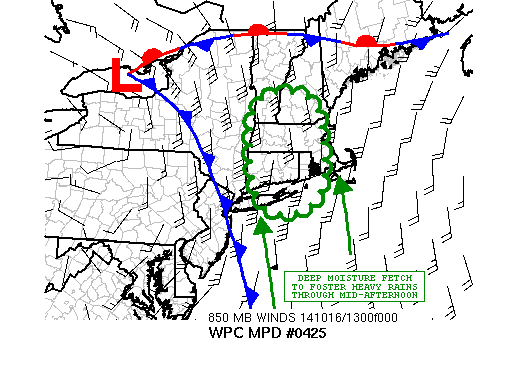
AREAS AFFECTED...EXTREME SOUTHEAST NY...SOUTHERN VT...SOUTHERN
NH...CT...RI...MA

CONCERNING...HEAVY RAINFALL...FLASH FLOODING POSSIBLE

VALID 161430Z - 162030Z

SUMMARY...SIGNIFICANT RAINS ARE EXPECTED THE NEXT SEVERAL HOURS
OVER SOUTHERN NEW ENGLAND...WITH POTENTIAL FOR FLASH FLOODING.

DISCUSSION...THE LATEST IR/WV SAT IMAGERY SHOWS A DEEP PLUME OF
MOISTURE WITH A TROPICAL CONNECTION ORIENTED NW/SE THAT EXTENDS
FROM SOUTHERN NEW ENGLAND AND WELL OFFSHORE IN BETWEEN THE EAST
COAST AND BERMUDA. NUMEROUS CLUSTERS OF COLD-TOPPED CONVECTION ARE
IN EMBEDDED WITHIN THE PLUME ITSELF...AND ALL OF THIS IS ALONG AND
JUST AHEAD OF A STRONG COLD FRONT AND DEEP LAYER TROUGH MOVING
THROUGH THE EASTERN U.S. ATTM.

THIS ATMOSPHERIC RIVER OF MOISTURE CONTAINS PWAT VALUES OF 1.8 TO
2.0 INCHES BASED ON THE LATEST GOES-SOUNDER IMAGERY AND IT IS
EXPECTED THAT DEEP MOISTURE/CONVECTIVE PLUME WILL AIM AND ORIENT
ITSELF FOR A NUMBER OF HOURS INTO SOUTHERN NEW ENGLAND...WHILE
GRADUALLY PIVOTING NORTHEAST UP INTO PORTIONS OF NORTHERN AND
EASTERN NEW ENGLAND THIS AFTERNOON. THE MOISTURE TRANSPORT WILL BE
AIDED BY A ROBUST LOW LVL JET OF 40 TO 50 KTS.

RADAR IMAGERY SHOWS IMPRESSIVE CLUSTERS OF VERY HEAVY SHWRS/TSTMS
NOW COMING ACROSS LONG ISLAND AND MOVING INTO MUCH OF CT AND THIS
ACTIVITY WILL EXPAND NWD INTO MUCH OF MA AND RH OVER THE NEXT
COUPLE OF HOURS. DEEP LAYER UNIDIRECTIONAL FLOW WILL FOSTER A
SIGNIFICANT RISK OF HEAVY RAIN THAT WILL TRAIN OVER THE SAME AREA.
RAINFALL RATES OF 1 TO 2 INCHES/HR ARE EXPECTED...AND WITH THE
PERSISTENT ATLANTIC FETCH...VERY HVY RAINFALL TOTALS CANNOT BE
RULED OUT. OROGRAPHICS WILL PLAY A ROLE IN LOCALLY ENHANCING
RAINFALL RATES.

THE 12Z HRRR SEEMS TO HAVE A REASONABLE HANDLE ON THE CONVECTIVE
AXIS AND DEEP MOISTURE FEED...AND IT FAVORS THE IDEA OF TRAINING
CONVECTION. EXPECT RAINFALL AMTS OF 2 TO 4 INCHES AT LEAST
LOCALLY...WITH ISOLD HEAVIER TOTALS. THIS MAY RESULT IN AREAS OF
FLASH FLOODING.